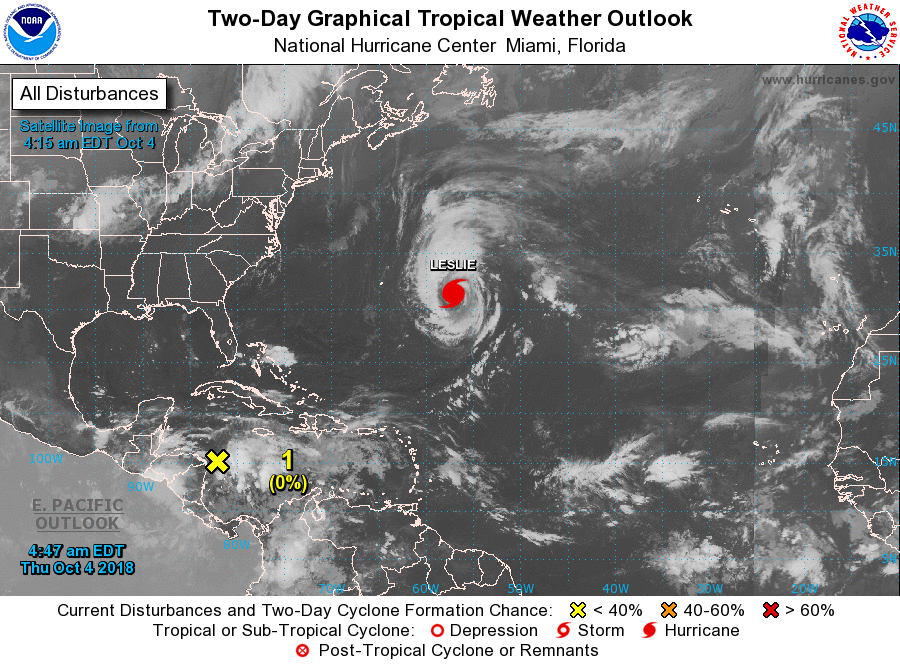
For the North Atlantic...Caribbean Sea and the Gulf of Mexico:

The National Hurricane Center is issuing advisories on Hurricane Leslie, located over the central Atlantic Ocean.

1. A large cyclonic gyre, defined by a broad area of low pressure typical of this time of the year, covers a portion of Central America and the western Caribbean Sea. This system is accompanied by an extensive area of disorganized clouds and thunderstorms, and although surface pressures are relatively low in the area, upper-level winds are currently highly unfavorable for tropical cyclone formation. Environmental conditions could become less hostile this weekend and early next week, allowing for some slow development in this region as the system drifts northwestward.
* Formation chance through 48 hours...low...near 0 percent.
* Formation chance through 5 days...low...30 percent.

Forecaster Berg